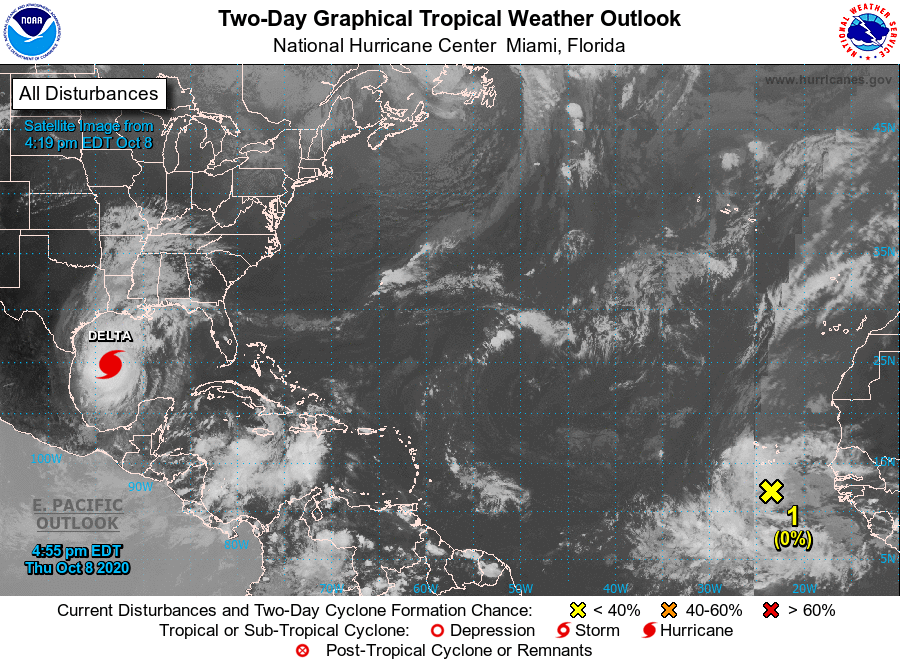
For the North Atlantic...Caribbean Sea and the Gulf of Mexico:

The National Hurricane Center is issuing advisories on Hurricane Delta, located over the south-central Gulf of Mexico.

1. A vigorous tropical wave located a few hundred miles south of the Cabo Verde Islands is producing a large area of disorganized showers and thunderstorms, along with tropical-storm-force wind gusts. This disturbance is expected to move generally westward at about 15 mph over the tropical Atlantic for the next several days. Environmental conditions could become more conducive for some gradual development to occur by early next week when the system is located well east of the Lesser Antilles. By the middle and latter part of the week, upper-level winds are forecast to increase and become unfavorable for tropical cyclone formation.
* Formation chance through 48 hours...low...near 0 percent.
* Formation chance through 5 days...low...20 percent.

Forecaster Stewart